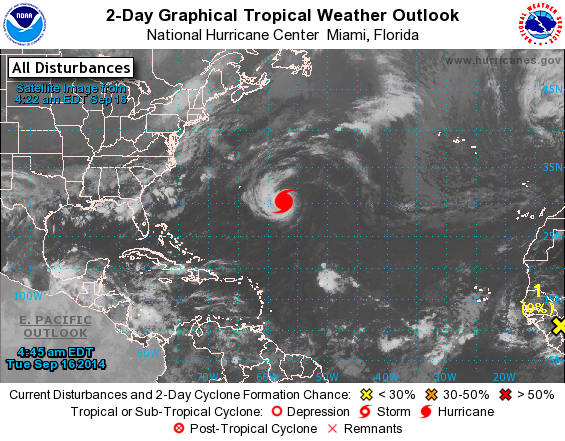
For the North Atlantic...Caribbean Sea and the Gulf of Mexico:

The National Hurricane Center is issuing advisories on Hurricane Edouard, located about 500 miles east-southeast of Bermuda.

1. A tropical wave is forecast to move off the west coast of Africa on Wednesday and produce an area of low pressure over the far eastern Atlantic. Conditions appear conducive for some development of this system by late this week while it moves west-northwestward.
* Formation chance through 48 hours...low...near 0 percent.
* Formation chance through 5 days...low...20 percent.

Forecaster Berg